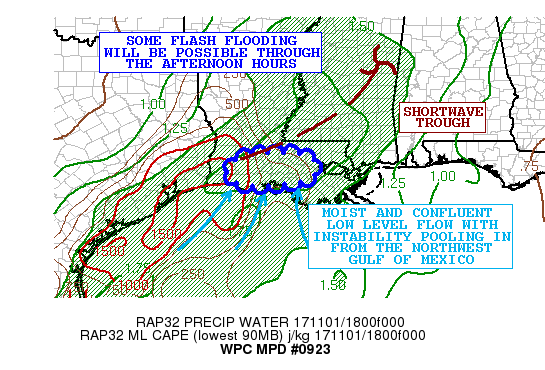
AREAS AFFECTED...SOUTHWEST TO SOUTH-CENTRAL LA

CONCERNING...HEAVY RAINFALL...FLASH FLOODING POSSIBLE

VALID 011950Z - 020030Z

SUMMARY...A TRAINING AXIS OF HEAVY SHOWERS AND THUNDERSTORMS WILL
FOSTER SOME FLASH FLOODING POTENTIAL OVER THE NEXT SEVERAL HOURS.

DISCUSSION...A RATHER WELL-DEFINED SOUTHERN STREAM SHORTWAVE
TROUGH CONTINUES TO ADVANCE EAST ACROSS THE CENTRAL GULF COAST
STATES THIS AFTERNOON...WITH THE SOUTHWEST FLANK OF THIS ENERGY
HELPING TO FOSTER AN AXIS OF COLD-TOPPED CONVECTION WHICH OVER THE
LAST COUPLE OF HOURS HAS GROWN IN ORGANIZATION AND HAS BEEN
EXHIBITING INCREASED TENDENCIES FOR BACKBUILDING AND TRAINING.

THE CONVECTION IS FORMING IN A VERY MOIST ENVIRONMENT AIDED BY
CONFLUENT LOW LEVEL FLOW AND ENHANCED BY DIVERGENT FLOW ALOFT
ASSOCIATED WITH THE AFOREMENTIONED SHORTWAVE TROUGH. THERE IS A
FAIRLY SUBSTANTIAL POOL OF INSTABILITY AS WELL FOCUSED FROM THE
UPPER TX COAST EAST INTO MUCH OF SOUTHWEST LA AND ADJACENT AREAS
OF THE NORTHWEST GULF OF MEXICO. SOUTHWEST LOW LEVEL FLOW
ADVANCING NORTHEAST INTO THE GENERAL VICINITY OF SOUTH-CENTRAL LA
HAS FOSTERED A NOTABLE AXIS OF INSTABILITY TRANSPORT INTO AN AREA
OF FAVORABLE DEEP LAYER SHEAR AND FORCING WHICH HAS THUS
FACILITATED A CONDUCIVE ENVIRONMENT FOR BACKBUILDING CONVECTION.

ALREADY AS MUCH AS 3 TO 4 INCHES OF RAIN HAS FALLEN OVER PARTS OF
SOUTH-CENTRAL LA...AND ESPECIALLY AROUND THE LAFAYETTE AREA. THE
LATEST HRRR AND HRRRX GUIDANCE GENERALLY APPEARS TO HAVE THEIR
RESPECTIVE CONVECTIVE AXIS ALIGNED A TAD TOO FAR NORTH. THE 12Z
NSSL-WRF ACTUALLY APPEARS TO HAVE THE BEST HANDLE OF THE ONGOING
ACTIVITY...AND SUGGESTS ADDITIONAL AMOUNTS OF AS MUCH AS 3 TO 4
INCHES LOCALLY THROUGH 00Z ACROSS SOUTH-CENTRAL LA IN A GENERAL
WEST/EAST AXIS. SOME FLASH FLOODING WILL BE POSSIBLE GIVEN THESE
ADDITIONAL TOTALS. WILL CONTINUE TO MONITOR.